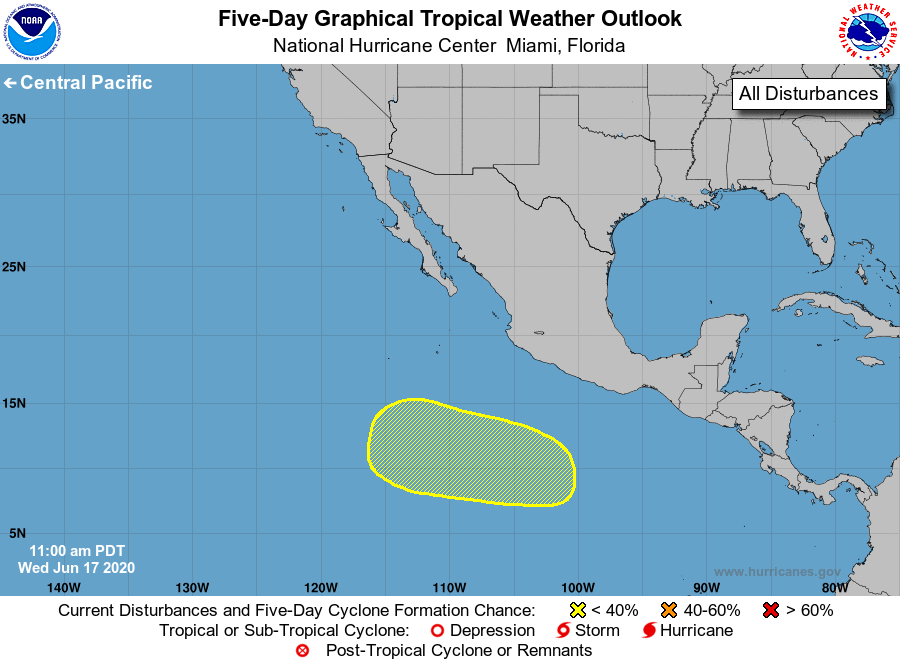
For the eastern North Pacific...east of 140 degrees west longitude:

1. A broad area of low pressure is expected to form well south of the southern coast of Mexico in a couple of days. Some slow development of this system is possible through early next week while the low moves westward, offshore of Mexico.
* Formation chance through 48 hours...low...near 0 percent.
* Formation chance through 5 days...low...20 percent.

Forecaster Latto